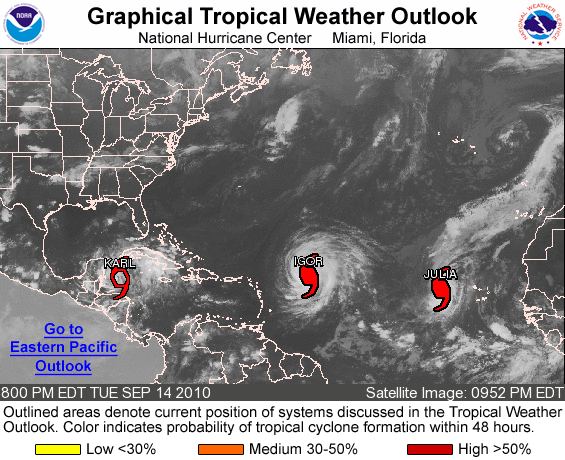
FOR THE NORTH ATLANTIC...CARIBBEAN SEA AND THE GULF OF MEXICO...

THE NATIONAL HURRICANE CENTER IS ISSUING ADVISORIES ON HURRICANE IGOR...LOCATED ABOUT 655 MILES EAST OF THE NORTHERN LEEWARD ISLANDS ...AND ON HURRICANE JULIA...LOCATED ABOUT 405 MILES WEST-NORTHWEST OF THE SOUTHERNMOST CAPE VERDE ISLANDS. THE NATIONAL HURRICANE CENTER IS ALSO ISSUING ADVISORIES ON NEWLY FORMED TROPICAL STORM KARL LOCATED ABOUT 230 MILES EAST OF CHETUMAL MEXICO.

ELSEWHERE...TROPICAL CYCLONE FORMATION IS NOT EXPECTED DURING THE NEXT 48 HOURS.

PUBLIC ADVISORIES ON KARL ARE ISSUED UNDER WMO HEADER WTNT33 KNHC AND UNDER AWIPS HEADER MIATCPAT3. FORECAST/ADVISORIES ARE ISSUED UNDER WMO HEADER WTNT23 KNHC AND UNDER AWIPS HEADER MIATCMAT3.

FORECASTER BROWN